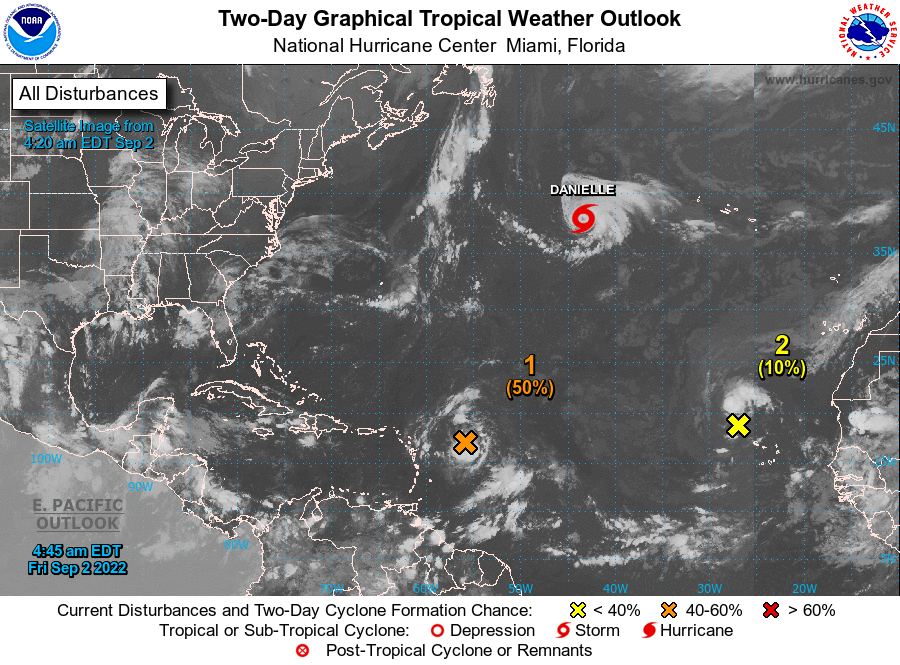
For the North Atlantic...Caribbean Sea and the Gulf of Mexico:

Active Systems: The National Hurricane Center is issuing advisories on Tropical Storm Danielle, located about 925 miles west of the Azores.

1. East of the Leeward Islands: Satellite imagery indicates there has been little change in the organization of the area of low pressure located several hundred miles east of the Leeward Islands during the past several hours. Although environmental conditions remain only marginally conducive, any additional development of the system over the next few days would lead to the formation of a tropical depression. The disturbance is expected to move slowly west-northwestward, toward the adjacent waters of the northern Leeward Islands. Regardless of development, locally heavy rains may occur over portions of the Leeward Islands during the next couple of days, and interests in that area should monitor the progress of the system. An Air Force Reserve Hurricane Hunter aircraft is scheduled to investigate the system this afternoon, if necessary. Additional information on this system can be found in High Seas Forecasts issued by the National Weather Service.
* Formation chance through 48 hours...medium...50 percent.
* Formation chance through 5 days...high...70 percent.

2. Eastern Tropical Atlantic: Shower activity associated with a broad area of low pressure located just northwest of the Cabo Verde Islands has increased some over the last several hours, but remains poorly organized. This system is moving into an area of less favorable environmental conditions, and significant development is not anticipated.
* Formation chance through 48 hours...low...10 percent.
* Formation chance through 5 days...low...10 percent.

Public Advisories on Tropical Storm Danielle are issued under WMO header WTNT35 KNHC and under AWIPS header MIATCPAT5. Forecast/Advisories on Tropical Storm Danielle are issued under WMO header WTNT25 KNHC and under AWIPS header MIATCMAT5.

High Seas Forecasts issued by the National Weather Service can be found under AWIPS header NFDHSFAT1, WMO header FZNT01 KWBC, and online at ocean.weather.gov/shtml/NFDHSFAT1.php

Forecaster Beven